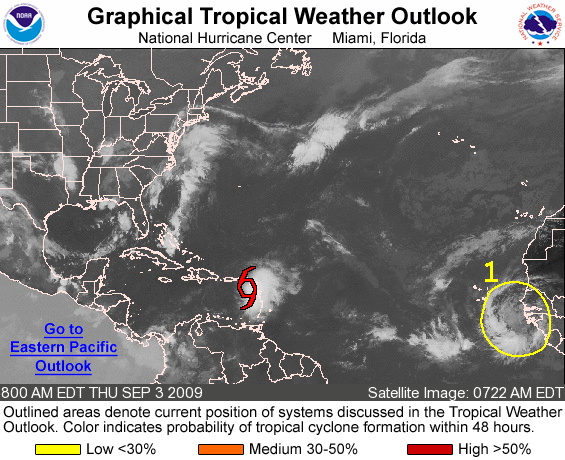
FOR THE NORTH ATLANTIC...CARIBBEAN SEA AND THE GULF OF MEXICO...

THE NATIONAL HURRICANE CENTER IS ISSUING ADVISORIES ON TROPICAL STORM ERIKA LOCATED ABOUT 40 MILES SOUTHWEST OF ST. KITTS IN THE LEEWARD ISLANDS.

1. A VIGOROUS TROPICAL WAVE LOCATED ABOUT 500 MILES EAST-SOUTHEAST OF THE CAPE VERDE ISLANDS IS ACCOMPANIED BY A LARGE AREA OF CLOUDINESS AND SHOWERS. SLOW DEVELOPMENT OF THIS SYSTEM IS POSSIBLE OVER THE NEXT COUPLE OF DAYS AS IT MOVES WESTWARD AT 10 TO 15 MPH OVER THE FAR EASTERN TROPICAL ATLANTIC. THERE IS A LOW CHANCE...LESS THAN 30 PERCENT...OF THIS SYSTEM BECOMING A TROPICAL CYCLONE DURING THE NEXT 48 HOURS.

ELSEWHERE...TROPICAL CYCLONE FORMATION IS NOT EXPECTED DURING THE NEXT 48 HOURS.

FORECASTER BRENNAN